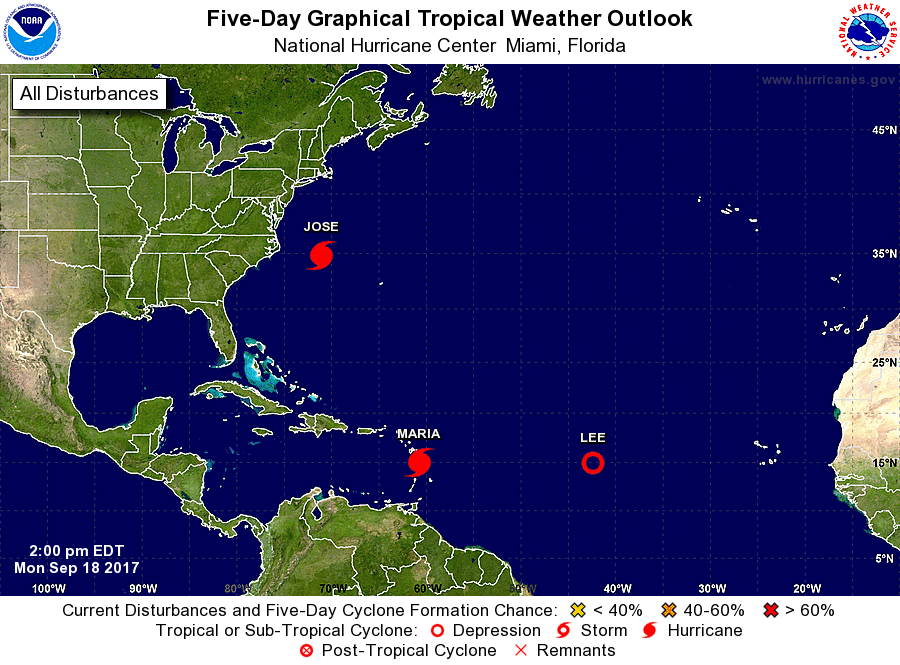
For the North Atlantic...Caribbean Sea and the Gulf of Mexico:

The National Hurricane Center is issuing advisories on Hurricane Jose, located a few hundred miles east of Cape Hatteras, North Carolina, on Tropical Depression Lee, located over the central Atlantic Ocean, and on Hurricane Maria, located just east of Martinique.

Tropical cyclone formation is not expected during the next 5 days.

Forecaster Cangialosi